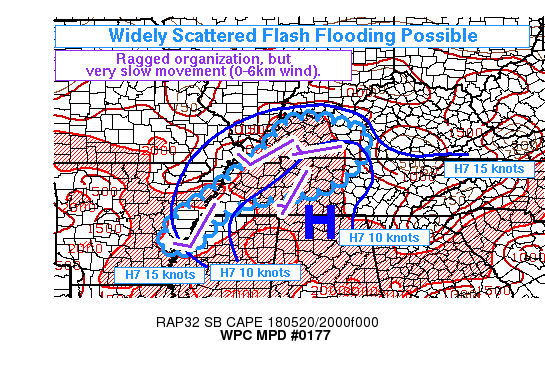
AREAS AFFECTED...ERN AR...NW MS...WRN TN...SRN KY

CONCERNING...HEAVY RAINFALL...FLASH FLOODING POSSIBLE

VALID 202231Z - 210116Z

SUMMARY...VERY SLOW CELL MOTION COUPLED WITH MODERATE CAPE WILL
LEAD TO ELEVATED FLASH FLOOD POTENTIAL THROUGH MID EVENING.

DISCUSSION...AT 2215Z CONVECTION WAS ONLY LOOSELY ORGANIZED OWING
TO WEAK DEEP LAYER SHEAR. THERE WERE SOME COMPENSATING
FACTORS...HOWEVER...WITH A VERY MOIST AIR MASS RECEIVING HEATING
AND LEADING TO MODERATE CAPE WITH NO INHIBITION...AND WEAKLY
SUPPORTIVE BROAD SCALE 12-HOUR 500-MB HEIGHT FALLS OF AROUND 10-15
METERS OCCURRING THROUGH 06Z. STORMS HAD DEVELOPED IN A MORE
WIDESPREAD FASHION THAN MANY OF THE HI-RES MODELS WOULD HAVE
SUGGESTED...AND IT WAS EVIDENT FROM OBSERVATIONAL TRENDS THAT
OUTFLOWS WILL BE EFFICIENT AT GENERATING NEW CONVECTIVE GROWTH
WITHIN THE CAPE AXIS ALONG THE MISSISSIPPI RIVER AND EXTENDING
WELL INTO TENNESSEE / NASHVILLE AREA AND UP INTO SOUTHERN KENTUCKY
THROUGH EVENING.

SLOW CELL MOTIONS ARE OF PARTICULAR CONCERN HERE...WITH PLACEMENT
NEAR A 700 MB RIDGE CENTER ENSURING WEAK STEERING FLOW AND MEAN
0-6 KM WINDS OF ZERO TO TEN KNOTS...SLOWEST TO THE EAST.
INDIVIDUAL CELLS MAY LAY DOWN AROUND 1 TO 2 INCHES OF RAIN BEFORE
GUSTING OUT...AND CELL MERGERS COULD PRODUCE ISOLATED TOTALS
GREATER THAN 2 INCHES...ALL OCCURRING WITHIN 1 TO 2 HOURS AT ANY
GIVEN LOCATION. ANTECEDENT CONDITIONS ARE SOMEWHAT WET...AND 2
INCHES IN 1 OR 2 HOURS WOULD MEET OR EXCEED FLASH FLOOD GUIDANCE
IN MANY LOCATIONS...SO WE ANTICIPATE A FEW OR SEVERAL MORE FLASH
FLOOD WARNINGS MAY BE NEEDED...ALTHOUGH ON A WIDELY SCATTERED
BASIS.